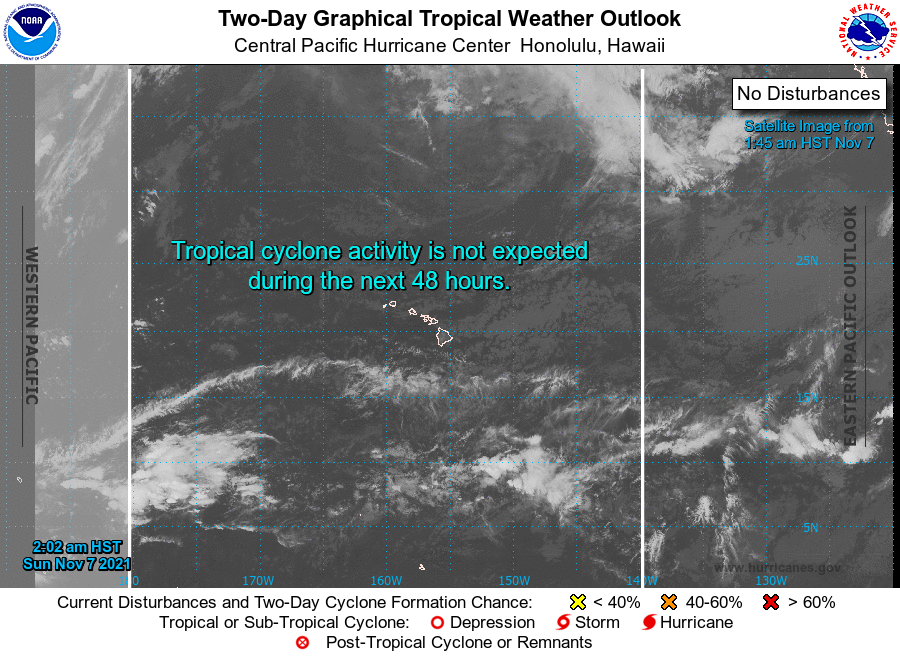
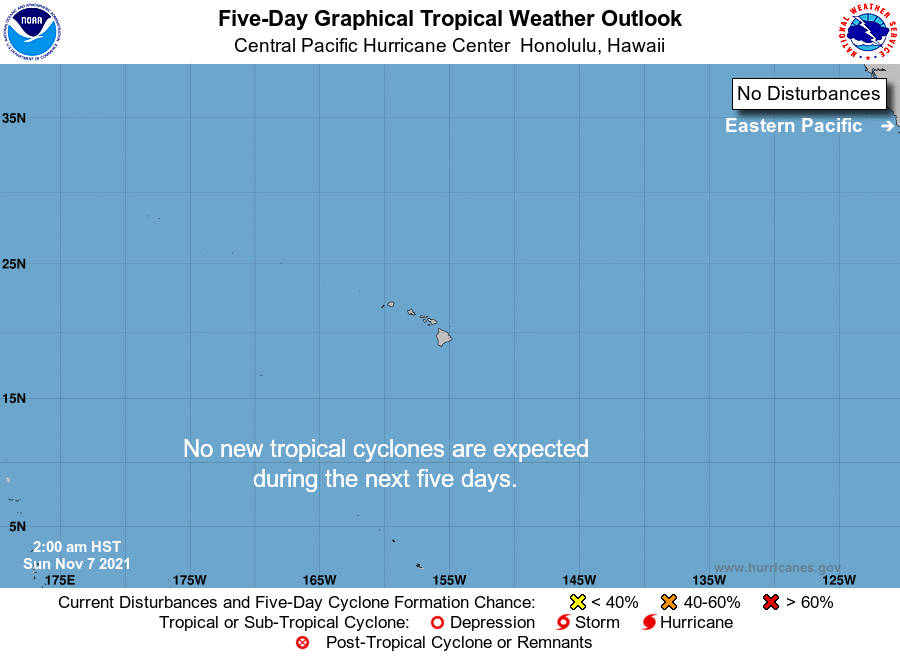
For the central North Pacific...between 140W and 180W:

No tropical cyclones are expected during the next 5 days.

Forecaster Blood